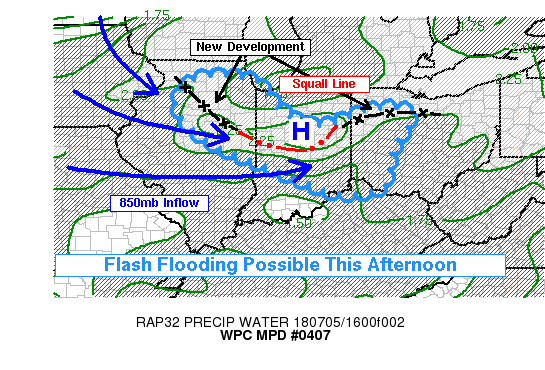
AREAS AFFECTED...NERN/E-CTRL IL...INDIANA...WRN OH

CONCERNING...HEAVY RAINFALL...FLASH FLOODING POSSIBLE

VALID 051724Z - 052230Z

SUMMARY...THUNDERSTORMS WERE CONTINUING TO DEVELOP IN AN ARC FROM
ILLINOIS...THROUGH INDIANA...AND INTO OHIO. THESE STORMS MAY
REPEATEDLY MOVE OVER CERTAIN AREAS AND COULD POSE A RISK OF FLASH
FLOODING. RAIN RATES MAY REACH 2 IN/HR IN SOME AREAS.

DISCUSSION...REGIONAL RADARS SHOWED A FORWARD PROPAGATING SQUALL
LINE JUST ARRIVING IN THE I-69 CORRIDOR IN CENTRAL INDIANA AROUND
17Z...WITH A TRAILING BAND OF CONVECTION INCREASINGLY
CONSOLIDATING ON A ESE-WNW AXIS FROM NEAR IND... TO NEAR DNV... TO
NEAR PNT. ADDITIONAL CONVECTION WAS ALSO DEVELOPING TO THE ENE
INTO PORTIONS OF WRN OHIO. THE INCREASE IN CONVECTIVE COVERAGE AND
ORGANIZATION WAS TAKING PLACE JUST AHEAD OF A WEAK SHORTWAVE NEAR
THE WI-IL BORDER...AND MAY CONTINUE FOR SEVERAL HOURS INTO THE
AFTERNOON. OTHER THAN THE AREA IMMEDIATELY BEHIND THE SQUALL LINE
(WHERE A COLD POOL HAS BEEN DEVELOPING WITH A MESO-HIGH)...THE
ENVIRONMENT THAT THE CONVECTION IS DEVELOPING IN IS QUITE UNSTABLE
WITH MLCAPE VALUES AROUND 2000-3000 J/KG...CERTAINLY SUPPORTIVE OF
CONTINUED STORM ORGANIZATION. BROAD 15 KNOT LOW-LEVEL (925-850MB)
INFLOW SHOWN ON REGIONAL VWPS UPSTREAM OF CURRENT CONVECTION (KIND
AND KILX) SHOULD ALSO SUSTAIN CONVECTION NEAR THE CURRENT AXIS OF
DEVELOPMENT FROM ILLINOIS INTO INDIANA...AND A VEERING OF THE
LOW-LEVEL FLOW MAY PROMOTE MORE TRAINING OVER THE NEXT SEVERAL
HOURS.

GIVEN THE AVAILABLE INSTABILITY AND MOISTURE (PWS AROUND 2
INCHES)...ANY STORMS SHOULD BE CAPABLE OF HEAVY RAIN RATES AROUND
2 IN/HR...PARTICULARLY IF TRAINING STORM MOTIONS CAN BE REALIZED.
THIS MAY SUPPORT A THREAT OF FLASH FLOODING INTO THE AFTERNOON
HOURS...ESPECIALLY IF TRAINING BANDS FAVORABLY ALIGN WITH
URBANIZED AREAS.